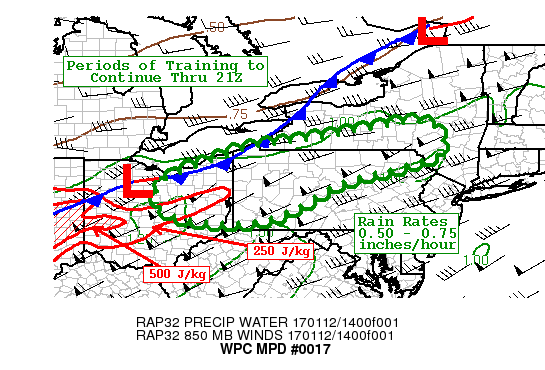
AREAS AFFECTED...NRN OHIO/NRN PA INTO CNTRL NY

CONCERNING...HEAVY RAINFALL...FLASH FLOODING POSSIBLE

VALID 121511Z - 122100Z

SUMMARY...ADDITIONAL TRAINING OF RAINFALL FROM NRN OH INTO NRN PA
AND CNTRL NY WITH RAINFALL RATES UP TO ROUGHLY 0.5 IN/HR SHOULD
CONTINUE TO POSE A FLASH FLOOD THREAT THROUGH ABOUT 21Z.
ADDITIONAL RAINFALL TOTALS THROUGH 21Z ARE EXPECTED TO RANGE FROM
1-2 INCHES.

DISCUSSION...15Z SURFACE OBSERVATIONS PLACED A LOW JUST EAST OF
FDY...WITH A WAVY COLD FRONT EXTENDING SW TO NE THROUGH THE LOW
CENTER. FARTHER BACK TO THE WEST...A COMBINATION OF ILX AND SGF
12Z RAOB DATA AND HRRR ANALYSES INDICATED ELEVATED INSTABILITY OF
ROUGHLY 500+ J/KG LOCATED FROM SERN MO INTO SRN IL/IN JUST AHEAD
OF THE COLD FRONT. UNIDIRECTIONAL FLOW FROM THE WSW WAS SUPPORTING
AN AXIS OF MODERATE TO LOCALLY HEAVY RAINFALL FROM NRN OH INTO
NWRN PA. VAD WIND PLOTS SUPPORTED 850-700 MB WINDS OF ROUGHLY 50
KTS ACROSS THE AREA OF TRAINING WITH 60-65 KTS UPSTREAM WITHIN THE
HIGHER INSTABILITY AXIS.

AS A SHORTWAVE NOTED TO BE APPROACHING LOWER MI AT 15Z CONTINUES
TO ADVANCE ENEWD OVER THE NEXT 6 HOURS...WEAK UPPER DIFFLUENCE
WILL OVERSPREAD PORTIONS OF NRN PA INTO NY AS THE COLD FRONT
ADVANCES EAST ACROSS THE LOWER OH VALLEY. STRONGER LOW LEVEL FLOW
UPSTREAM IS FORECAST TO APPROACH PA/NY IN THE 18-21Z TIME FRAME.
ELEMENTS OF TRAINING ARE EXPECTED TO CONTINUE IN THE SHORT TERM
ACROSS THE OH/PA STATE LINE...WHILE MOVING DOWNSTREAM ALONG THE
NY/PA BORDER OVER THE NEXT 2-3 HOURS.

HRRR AND EXPERIMENTAL HRRR FORECASTS HAVE  TRENDED WETTER OVER
THEIR PAST 4 CYCLES...AND INDICATE A QUICK MOVING LINE OF SHOWERS
WILL EXPAND ALONG THE COLD FRONT THROUGH 17Z...WITH THESE RAINS
MOVING OVER SOME OF THE SAME LOCATIONS WHICH RECEIVED HEAVIER
RAINFALL EARLY THIS MORNING OVER OH/PA. GIVEN FLASH FLOOD GUIDANCE
IS AN INCH OR LESS IN 3 HOURS ACROSS MUCH OF THE MPD THREAT
AREA...CONTINUED FLASH FLOODING IS POSSIBLE UNTIL THE COLD FRONT
PASSES THROUGH MUCH OF THE REGION BY 21Z.